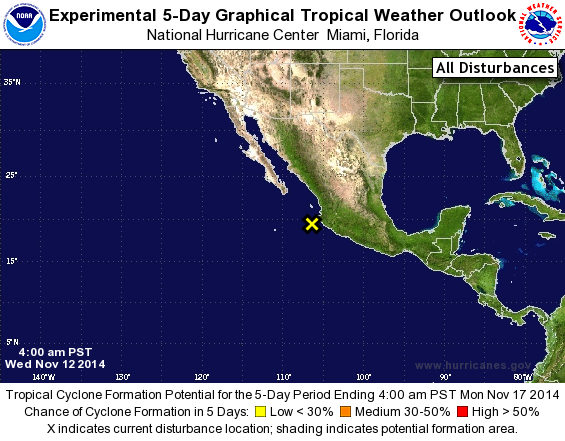
For the eastern North Pacific...east of 140 degrees west longitude:

1. Shower activity associated with a low pressure area located about 150 miles west-northwest of Manzanillo, Mexico has diminished, and no development is anticipated.
* Formation chance through 48 hours...low...near 0 percent.
* Formation chance through 5 days...low...near 0 percent.

Forecaster Beven